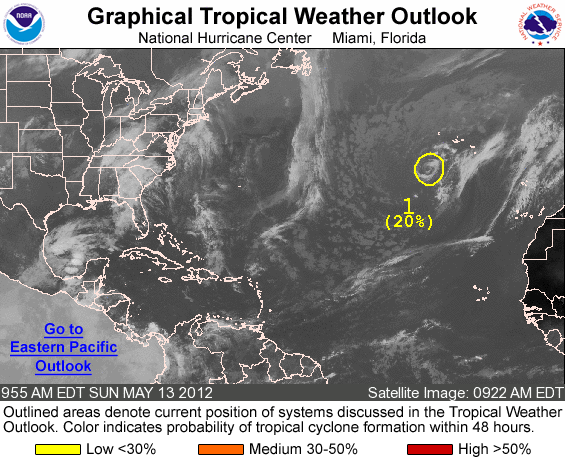
FOR THE NORTH ATLANTIC...CARIBBEAN SEA AND THE GULF OF MEXICO...

1. THUNDERSTORM ACTIVITY ASSOCIATED WITH A NON-TROPICAL LOW ABOUT 460 MILES WEST-SOUTHWEST OF THE SOUTHERN AZORES ISLANDS HAS DIMINISHED SINCE YESTERDAY. THE POTENTIAL FOR DEVELOPMENT HAS DECREASED...AND THE SYSTEM NOW HAS A LOW CHANCE...20 PERCENT... OF BECOMING A SUBTROPICAL OR TROPICAL CYCLONE DURING THE NEXT 48 HOURS. ADDITIONAL SPECIAL TROPICAL WEATHER OUTLOOKS WILL BE ISSUED ON THIS SYSTEM LATER TODAY OR MONDAY...IF NECESSARY.

ELSEWHERE...TROPICAL CYCLONE FORMATION IS NOT EXPECTED DURING THE NEXT 48 HOURS.

FORECASTER BEVEN